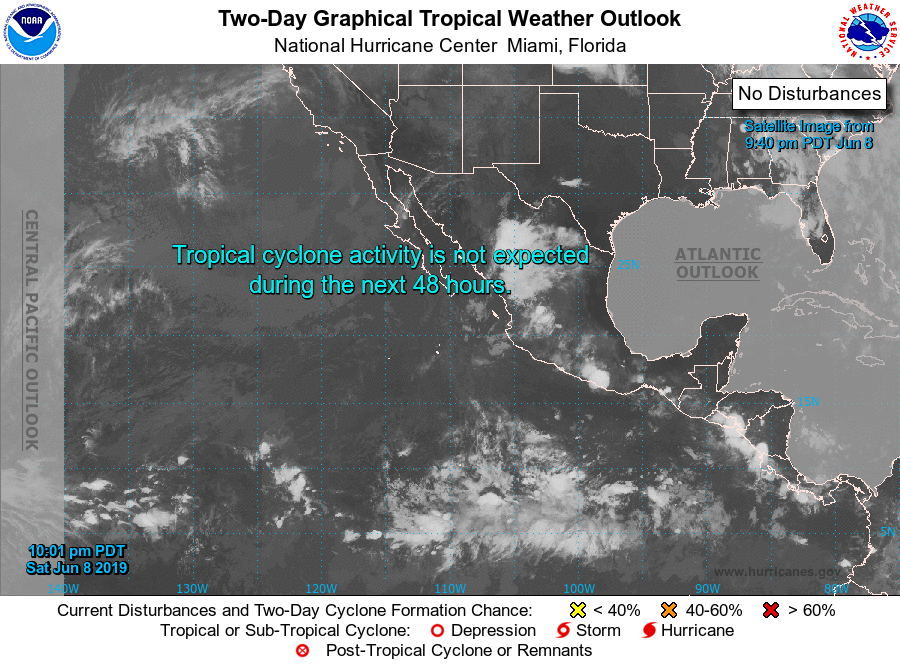
For the eastern North Pacific...east of 140 degrees west longitude:

Tropical cyclone formation is not expected during the next 5 days.

Forecaster Berg